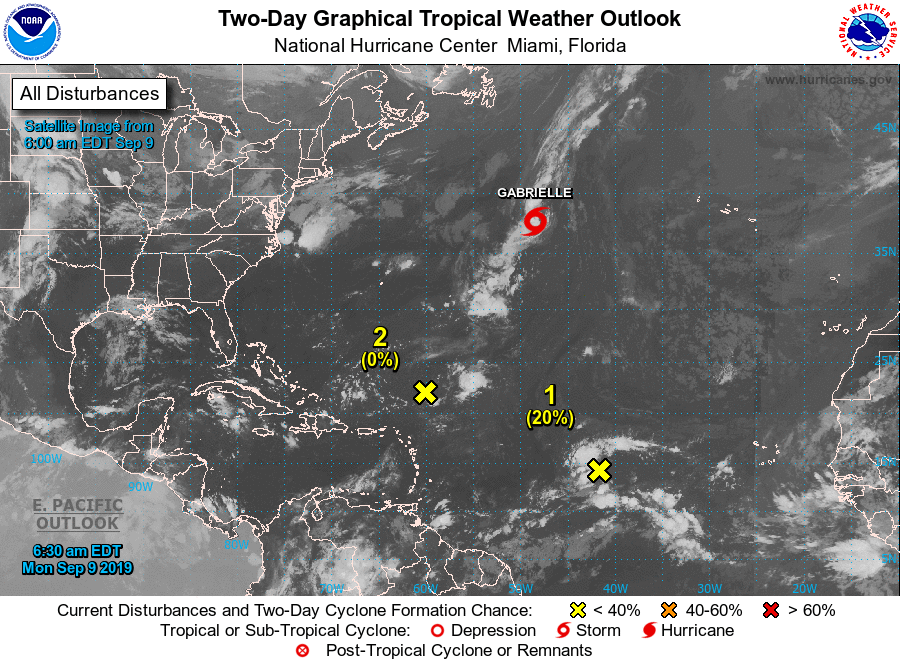
For the North Atlantic...Caribbean Sea and the Gulf of Mexico:

The National Hurricane Center is issuing advisories on Tropical Storm Gabrielle, located over the north-central Atlantic Ocean. The National Hurricane Center has issued the last advisory on Post-Tropical Cyclone Dorian, located offshore of Atlantic Canada.

1. A weak area of low pressure, associated with a tropical wave, is producing disorganized showers and thunderstorms about midway between the Cabo Verde Islands and the Windward Islands. Some slow development of this system is possible during the next few days before upper-level winds become unfavorable for tropical cyclone formation. This system is expected to move generally westward across the tropical Atlantic Ocean during the next several days.
* Formation chance through 48 hours...low...20 percent.
* Formation chance through 5 days...low...30 percent.

2. Disorganized cloudiness and showers located a few hundred miles north and northeast of the northern Leeward Islands are associated with a surface trough interacting with an upper-level low. Strong upper-level winds are expected to prevent the development of this system during the next few days while it moves west-northwestward to the north of the Leeward Islands and Puerto Rico. However, environmental conditions could become a little more favorable for development when the disturbance moves near the Bahamas and Florida late this week.
* Formation chance through 48 hours...low...near 0 percent.
* Formation chance through 5 days...low...20 percent.

Forecaster Cangialosi